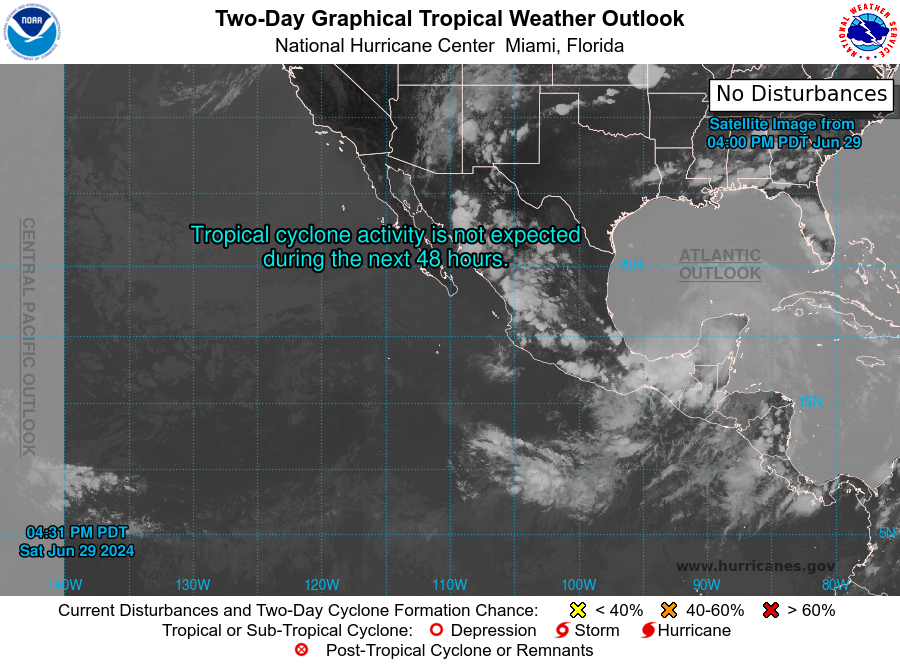
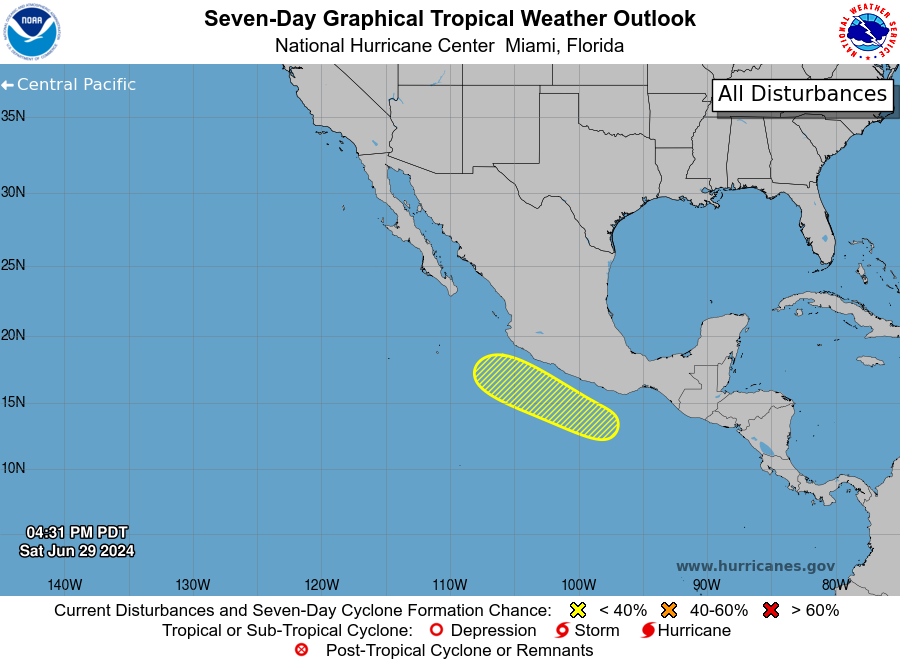
For the eastern North Pacific...east of 140 degrees west longitude:

1. Offshore of Southern Mexico: A broad area of low pressure could form by early next week a few hundred miles south of the coast of southern Mexico. Some gradual development is possible during the next several days while the system moves west-northwestward at 10 to 15 mph.
* Formation chance through 48 hours...low...near 0 percent.
* Formation chance through 7 days...low...30 percent.

Forecaster Kelly